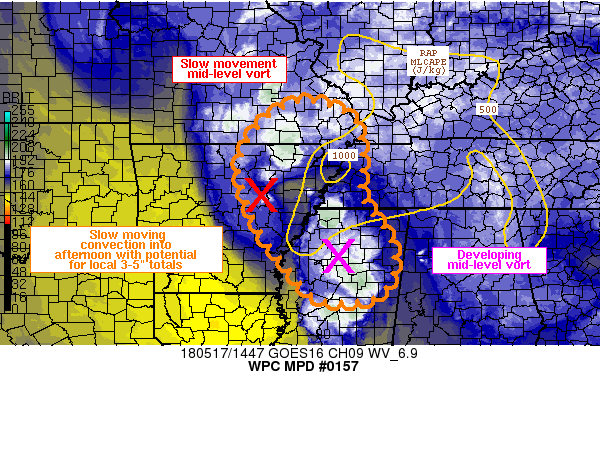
AREAS AFFECTED...LOWER TO MID-MISSISSIPPI VALLEY

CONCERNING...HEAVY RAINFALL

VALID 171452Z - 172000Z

SUMMARY... SLOW MOVING STORMS IN AND AROUND THE LOWER TO MIDDLE
MISSISSIPPI VALLEY WILL CONTINUE TO POSE A FLASH FLOOD THREAT OVER
THE NEXT FEW HOURS WITH LOCALIZED HEAVY RAINFALL OF 3-5 INCHES
POSSIBLE THROUGH 21Z.

DISCUSSION...GOES 16 MID-LEVEL WATER VAPOR IMAGERY SHOWED A SLOW
MOVING VORTICITY CENTER OVER NORTHEASTERN ARKANSAS...EMBEDDED
WITHIN A LARGER SCALE UPPER TROUGH AXIS. RADAR IMAGERY THROUGH 14Z
SHOWED SLOW MOVING CONVECTION NORTHEAST OF THE VORTICITY CENTER
WITH KNQA DUAL POL ESTIMATES OF 2+ IN/HR OVER WESTERN GREENE AND
CRAIGHEAD COUNTIES. THE REGION WAS LOCATED ALONG THE WESTERN EDGE
OF A RAP-ESTIMATED MLCAPE GRADIENT WITH LOCALLY HIGHER
PRECIPITABLE WATER VALUES SAMPLED BY A GPS SITE ALONG THE
ARKANSAS/MISSISSIPPI BORDER AT 13Z READING 1.69 INCHES. 850 MB
WINDS SHOWED LOCALIZED CONVERGENCE OVER NORTHEASTERN ARKANSAS WITH
A SOUTHEASTERLY COMPONENT NEAR 15 KT PER KNQA VAD WIND PLOT.

SHORT TERM RAP FORECASTS SHOW THE DEVELOPMENT OF A SECOND
VORTICITY CENTER OVER NORTH-CENTRAL MISSISSIPPI BY 17Z...WHILE
MAINTAINING THE CURRENT VORTICITY CENTER IN NORTHEASTERN ARKANSAS
INTO THE EARLY AFTERNOON. SLOW MOVEMENT OF CONVECTION BETWEEN
THESE TWO FEATURES IS EXPECTED AND AS DAYTIME HEATING COMMENCES
ALLOWING INCREASES IN MLCAPE INTO THE EARLY AFTERNOON. ADDITIONAL
CONVECTION IS EXPECTED TO FORM IN THE VICINITY OF THE TWO
VORTICITY CENTERS AND GIVEN LOCAL EXCEEDANCE OF 850 MB FLOW
COMPARED TO LFC-EL MEAN-LAYER FLOW...SLOW MOVING/REPEATING CELLS
ARE EXPECTED ALONG WITH POSSIBLE FLASH FLOODING.